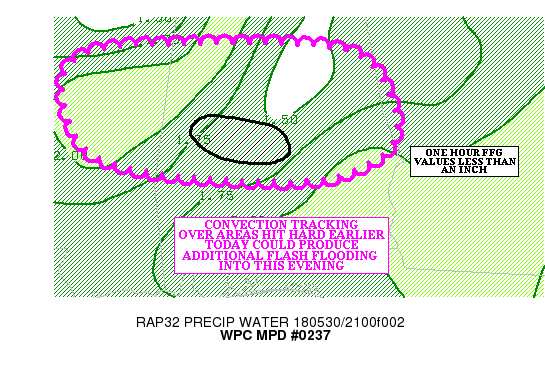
AREAS AFFECTED...EAST CENTRAL MS INTO CENTRAL AL

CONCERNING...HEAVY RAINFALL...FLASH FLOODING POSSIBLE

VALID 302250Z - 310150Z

SUMMARY...SCATTERED CONVECTION MOVING OVER AREAS THAT RECEIVED
VERY HEAVY RAINFALL EARLIER TODAY COULD POSE A FLASH FLOOD THREAT
INTO THE EVENING HOURS.

DISCUSSION...SCATTERED CONVECTION IS FIRING AHEAD OF A WEAK SHORT
WAVE CROSSING WESTERN TN LATE THIS AFTERNOON. CLEAR SKIES IN THE
WAKE OF THE MORNING CONVECTION HAS ALLOWED INSTABILITY TO REBOUND
OVER EASTERN MS/WESTERN AL...WHERE MLCAPE VALUES HAVE REACHED 1500
J/KG. A LOW LEVEL SOUTH SOUTHWEST FLOW CONTINUES TO FEED DEEP
MOISTURE AHEAD OF THE CONVECTION...WITH PRECIPITABLE WATER VALUES
BETWEEN 1.75/2.00 INCHES OVER EASTERN MS.

WHILE THE CONVECTION IS SCATTERED...STORMS HAVE BEEN PRODUCING
HOURLY RAINFALL RATES BETWEEN 1.50 AND 2.00 INCHES OVER LEAKE
COUNTY MS IN THE DEEP MOISTURE IN PLACE. SINCE THE BEST SYNOPTIC
SCALE ASCENT IS CROSSING WESTERN TN WITH THE SHORT WAVE... IT IS
NOT CLEAR JUST HOW WIDESPREAD THE CONVECTION BECOMES MORE THE LOSS
OF DAY TIME HEATING CAUSES THE CONVECTIVE THREAT TO WANE.

THE MOST RECENT HRRR/EXPERIMENTAL HRRR KEEPS THE CURRENT ACTIVITY
MORE OR LESS INTACT AS IT APPROACHES CENTRAL AL... GENERALLY AFTER
31/00Z. AFTER THAT TIME...DUE TO LOSS OF HEATING...THE CONVECTION
IS EXPECTED TO DIMINISH IN COVERAGE AND INTENSITY. BEFORE THAT
TIME...THE HRRR/EXPERIMENTAL HRRR SHOWED LOCAL 2.00/3.00 INCH
RAINFALL AMOUNTS. THESE AMOUNTS SEEM PLAUSIBLE...GIVEN WHAT HAS
OCCURRED THUS FAR.

IF THESE RAINFALL RATES SURVIVE TO CENTRAL AL...THEY WOULD BE MORE
THAN SUFFICIENT O INITIATE ADDITIONAL FLASH FLOODING IN AREAS THAT
WERE HIT HARD THIS MORNING. HOWEVER...SINCE THERE IS SOME QUESTION
ABOUT WHETHER THE CONVECTION COULD SURVIVE UNTIL THEN...FLASH
FLOODING IS ONLY CONSIDERED POSSIBLE.